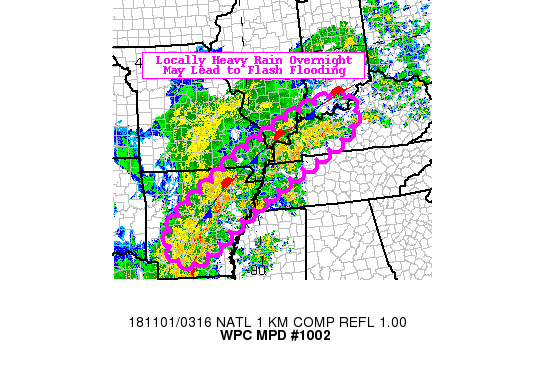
Areas affected...Mid-Mississippi into Lower Ohio River Valleys

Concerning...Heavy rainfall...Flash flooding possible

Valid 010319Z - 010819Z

Summary...Hourly totals of 1 to locally 2 inches will be possible
through the early overnight hours across portions of the Mid-MS
and lower Ohio River Valleys. This additional rainfall on top of
earlier heavy rain may lead to localized flash flooding.

Discussion...Broad diffluent flow associated with a deep mid/upper
level low across Texas will continue to provide large scale lift
across the region into the overnight hours. At the surface, a low
was analyzed across Arkansas with a stationary boundary arched
northeastward along the Ohio River into Kentucky.

Rainfall over the last 12 hours has ranged from 3-4" across AR to
1-2" (locally near 3") across far southern IL, western/central KY.

A recent mesoanalysis shows MUCAPE values of 200-500 J/kg
remaining across the area and this should continue for a few more
hours before waning. Additionally, an axis of anomalously high
PWATs (1.4-1.5", 2-3 SD above the mean) will persist. Finally,
radar returns from the area show pockets of 1" rates continuing.

In general, as the surface low tracks northeast, there should be
an axis of locally heavy rain on top of areas that have received
heavy rain from earlier in the day. Additional totals of 1 to
locally 2 inches will be possible. This could cause localized
flash flooding concerns in areas with the lowest FFG values.